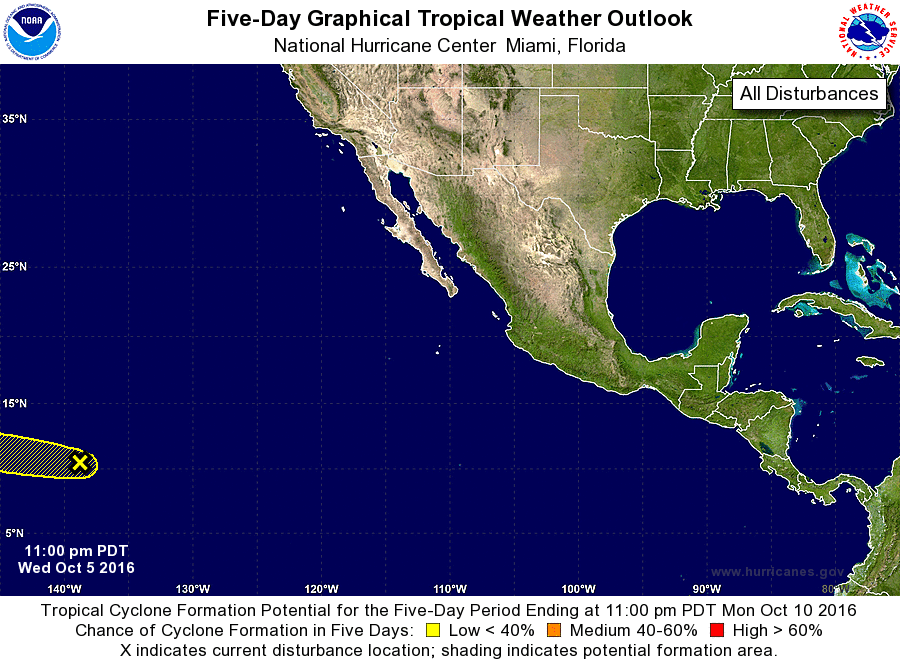
For the eastern North Pacific...east of 140 degrees west longitude:

1. A trough of low pressure is moving into the Central Pacific basin about 1200 miles southeast of the Big Island of Hawaii. Development, if any, of this system is expected to be slow to occur while it moves generally westward near 10 mph during the next several days. For future information on this disturbance, see Tropical Weather Outlooks issued by the Central Pacific Hurricane Center in Honolulu, Hawaii.
* Formation chance through 48 hours...low...10 percent
* Formation chance through 5 days...low...20 percent

The central North Pacific Tropical Weather Outlook can be found under AWIPS header HFOTWOCP, WMO header ACPN50 PHFO, and on the web at http://www.prh.noaa.gov/cphc.

Forecaster Cangialosi